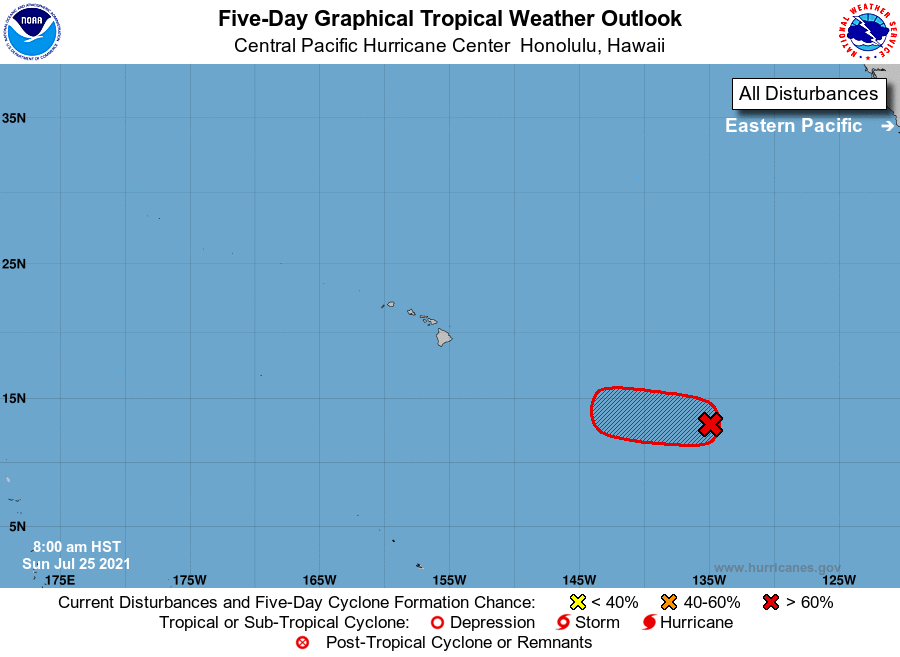
For the central North Pacific...between 140W and 180W:

1. The National Hurricane Center in Miami, Florida is monitoring a low pressure system located around 1300 miles east-southeast of Hilo, Hawaii, Recent satellite and microwave imagery indicate that this area continues to show signs of organization. Environmental conditions remain conducive for further development, and a tropical depression is likely to form within the next day or so while the system moves westward at 10 to 15 mph. By Tuesday night, conditions are expected to become unfavorable for further development of this system. Note that this system may cross into the Central Pacific Hurricane Center's area of responsibility as early as Monday morning.
* Formation chance through 48 hours...high...70 percent.
* Formation chance through 5 days...high...70 percent.

Elsewhere, no tropical cyclones are expected during the next 5 days.

Forecaster TS